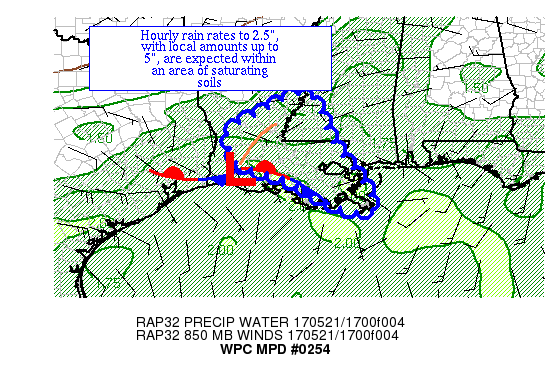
AREAS AFFECTED...SOUTHERN LA & VICINITY

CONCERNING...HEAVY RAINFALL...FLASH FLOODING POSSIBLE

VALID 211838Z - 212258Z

SUMMARY...THUNDERSTORMS ARE BEGINNING TO EXPAND IN COVERAGE ACROSS
SOUTHERN AND CENTRAL LA.  HOURLY RAIN RATES UP TO 2.5", WITH LOCAL
AMOUNTS UP TO 5", ARE POSSIBLE OVER PARTIALLY SATURATED SOILS.

DISCUSSION...AN OUTFLOW BOUNDARY HAS ACTED AS A CATALYST FOR
CONVECTIVE GROWTH ACROSS CENTRAL AND SOUTHERN LA AS OF LATE.  THIS
IS OCCURRING SOUTHEAST OF A SHORTWAVE SEEN IN THE CONVECTIVE
PATTERN ACROSS NORTHEAST LA.  A SEA BREEZE FRONT ACROSS SOUTHWEST
LA IS SLOWLY PUSHING TOWARDS THE AREA FROM THE WEST.  PRECIPITABLE
WATER VALUES ARE NEAR 2", MLCAPES SHOW A NICE GRADIENT ACROSS THE
AREA OF 1500-3000 J/KG, AND EFFECTIVE BULK SHEAR IS ~40 KTS.
INFLOW AT 850 HPA IS ALONG THE BOUNDARY, OUT OF THE EAST-SOUTHEAST
AT 20-30 KTS PER VAD WIND PROFILES IN THE REGION.

THE CONVECTIVE EVOLUTION IN THIS REGION IS BEING HINTED AT BY
ACTIVITY NEAR LAKE CHARLES AT THIS TIME.  THE LOW-LEVEL FLOW AND
MEAN 850-400 HPA ARE COUNTERBALANCING EACH OTHER TO SOME DEGREE,
WHICH COULD LEAD TO SOME WEST-NORTHWEST TO EAST-SOUTHEAST TRAINING
ACROSS SOUTH-CENTRAL AND SOUTHEAST LA OVER THE NEXT FEW HOURS,
WHICH WOULD EFFECTIVELY DOUBLE TO INFLOW IN A STORM-RELATIVE
SENSE.  CELL TRAINING UNDER THE BASE OF THE CONVECTIVE SHORTWAVE
IS ALSO POSSIBLE ACROSS PORTIONS OF CENTRAL LA AND SOUTHWEST MS.
THE AMOUNT OF BULK SHEAR AVAILABLE COULD ALLOW FOR MESOCYCLONES TO
FORM IN THIS ENVIRONMENT.  THE AVAILABLE MOISTURE AND INSTABILITY
FAVOR HOURLY RAIN RATES UP TO 2.5".  THE MESOSCALE GUIDANCE HAS A
GOOD SIGNAL FOR LOCAL AMOUNTS OF 5" OVER THE NEXT SEVERAL HOURS.
SINCE LOCALLY HEAVY RAINS FELL HERE YESTERDAY, SOILS ARE PARTIALLY
SATURATED.  FLASH FLOOD ISSUES ARE MORE LIKELY WITHIN URBAN AREAS.